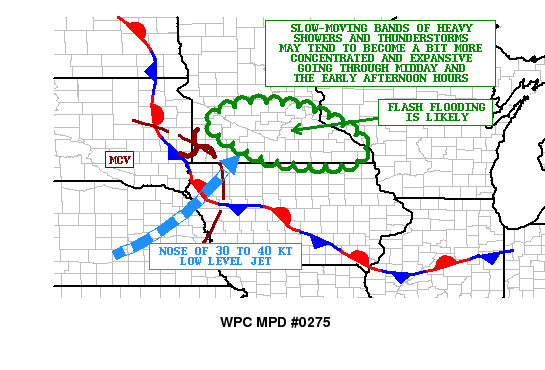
AREAS AFFECTED...SOUTHERN MN

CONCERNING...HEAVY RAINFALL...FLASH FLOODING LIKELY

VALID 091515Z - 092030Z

SUMMARY...SLOW-MOVING BANDS OF HEAVY SHOWERS AND THUNDERSTORMS MAY
BECOME A BIT MORE CONCENTRATED OVER THE NEXT FEW HOURS AND WILL
PROMOTE FLASH FLOODING CONCERNS AS HEAVY RAIN FALLS OVER
RELATIVELY WET SOIL CONDITIONS.

DISCUSSION...THE LATEST GOES-16 IR/WV IMAGERY SHOWS A VERY COMPACT
VORT CENTER OVER FAR SOUTHWEST MN THAT IS FOSTERING MULTIPLE
SLOW-MOVING BANDS OF HEAVY SHOWERS AND THUNDERSTORMS. THE
CONVECTION IS ELEVATED IN NATURE TO THE NORTHEAST OF A WAVY AND
QUASI-STATIONARY FRONT...HOWEVER THERE IS THE NOSE OF A 30 TO 40
KT SOUTHWEST LOW LEVEL JET ADVANCING UP AROUND THE EASTERN FLANK
OF THE MID LEVEL VORT CENTER AND OVER THIS SURFACE BOUNDARY.

A COMBINATION OF 850 MB SPEED CONVERGENCE ALONG WITH THE POOLING
OF 1000 TO 2000 J/KG OF MUCAPE UP ACROSS SOUTH-CENTRAL MN IS
STRONGLY SUPPORTING THE CONVECTIVE ORGANIZATION SEEN AT THIS TIME
AND ACTUALLY THERE HAS BEEN A SUBSTANTIAL COOLING OF CONVECTIVE
CLOUD TOPS OVER SOUTHERN MN OVER THE LAST HOUR WHICH IS INDICATIVE
OF THE FAVORABLE JUXTAPOSITION OF STRONGER MID LEVEL FORCING AND
INSTABILITY.

OVER THE NEXT SEVERAL HOURS...HEAVY RAINFALL WILL CONTINUE ACROSS
ESPECIALLY SOUTH-CENTRAL MN AND GRADUALLY IMPACTING SOUTHEAST MN
THIS AFTERNOON AS THE VORT CENTER MOVES EAST AND INTERACTS WITH
THE SOUTHWEST LOW LEVEL JET AND TRANSPORT OF FAVORABLE MOISTURE
AND DIURNALLY AIDED INSTABILITY. THE HRRR GUIDANCE IS LIKELY TOO
SLOW WITH ITS OVERALL CONVECTION EVOLUTION ACROSS ALL OF CENTRAL
AND SOUTHERN MN...BUT ITS FORECAST AMOUNTS OF 2 TO 4 INCHES...WITH
LOCALIZED AMOUNTS NEAR 5 INCHES SEEMS REASONABLE GOING THROUGH
MID-AFTERNOON. THIS WILL BE AIDED BY HOURLY RAINFALL RATES OF 1.5
TO 2 INCHES/HR WHICH ACTUALLY WILL EXCEED FFG VALUES.

GIVEN THE WET ANTECEDENT CONDITIONS IN MANY AREAS...THESE RAINFALL
RATES/TOTALS WILL LIKELY CAUSE FLASH FLOODING...AND ESPECIALLY
OVER THE MORE URBANIZED AREAS. WILL CONTINUE TO MONITOR.